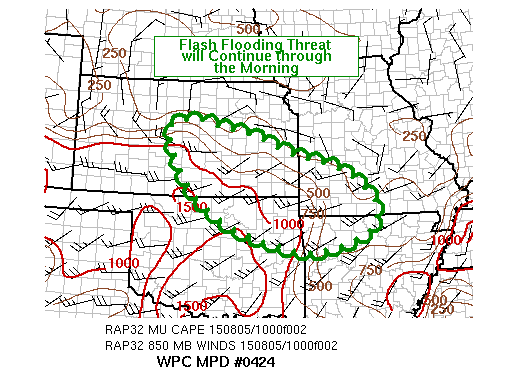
AREAS AFFECTED...EASTERN KS...NORTHEAST OK...SOUTHWEST
MO...NORTHWEST AR

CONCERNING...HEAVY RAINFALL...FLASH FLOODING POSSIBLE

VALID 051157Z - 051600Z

SUMMARY...FLASH FLOOD THREAT WILL CONTINUE THROUGH THE MORNING
GIVEN THE HIGH PRECIPITABLE WATER...A CONTINUED UNSTABLE AIRMASS
AND INCREASED LOW LEVEL FLOW...

DISCUSSION...THUNDERSTORMS CONTINUE ACROSS SOUTHEAST KS AND
SOUTHERN MO THIS MORNING. A STRONG MID LEVEL SHORTWAVE CURRENTLY
MOVING EAST SOUTHEAST ACROSS THE NE/KS BORDER IS HELPING PROVIDE
LARGE SCALE FORCING FOR ASCENT. THE AREA IS ALSO SEEING STRONG LOW
TO MID LEVEL CONVERGENCE ALONG AN ELEVATED FRONTAL BOUNDARY...WITH
30-35 KTS OF SOUTHWESTERLY FLOW AT 850 MB. THE REGION ALSO
CONTINUES TO BE MARGINALLY TO MODERATELY UNSTABLE...WITH CAPE
VALUES AROUND 1000 J/KG. THESE FACTORS HAVE COME TOGETHER TO ALLOW
FOR CONTINUED CONVECTIVE DEVELOPMENT ACROSS PORTIONS OF SOUTHEAST
KS. AND WITH PRECIPITABLE WATER VALUES APPROACHING 2"...AND A
RELATIVELY THIN CAPE PROFILE...HEAVY RAINFALL RATES ARE LIKELY.

MEAN STORM LAYER WINDS SUGGEST INDIVIDUAL STORM MOTIONS OFF TO THE
EAST SOUTHEAST AROUND 30 KTS. HOWEVER CURRENT OBSERVED MOTIONS ARE
MORE OFF TO THE SOUTH SOUTHEAST...MORE INTO THE STRONG LOW LEVEL
JET AND MORE CLOSELY FOLLOWING THE BACKWARD PROPAGATING CORFIDI
VECTORS. MOST OF THE HIGH RESOLUTION GUIDANCE THUS APPEAR TO BE A
BIT TOO FAR NORTH WITH THIS AXIS OF HEAVIEST RAINFALL. THE 0Z NSSL
WRF AND 09Z HRRR SEEM TO HAVE THE BEST HANDLE ON THE CURRENT
CONVECTION AND ITS MOVEMENT THROUGH THE MORNING...PUTTING THE QPF
MAXIMUM ACROSS SOUTHEAST KS. ALTHOUGH EVEN THESE ARE PROBABLY TOO
FAR NORTH...WITH CONVECTION LIKELY DROPPING INTO NORTHEAST OK.

BIGGEST ISSUE WILL BE THE TRAINING THREAT GIVEN THE BACKBUILDING
NATURE OF CONVECTION CURRENTLY SEEN ON RADAR ACROSS SOUTHEAST
KS..WHICH WILL MOVE INTO NORTHEAST OK...SOUTHWEST MO AND NORTHWEST
AR. RAINFALL RATES ARE CURRENTLY MAXING AROUND 1.5-2" AN
HOUR...WHICH IS BELOW FFG. BUT CONTINUED TRAINING MAY INCREASE THE
FLOOD THREAT THROUGH THE MORNING AS SOILS SATURATE.